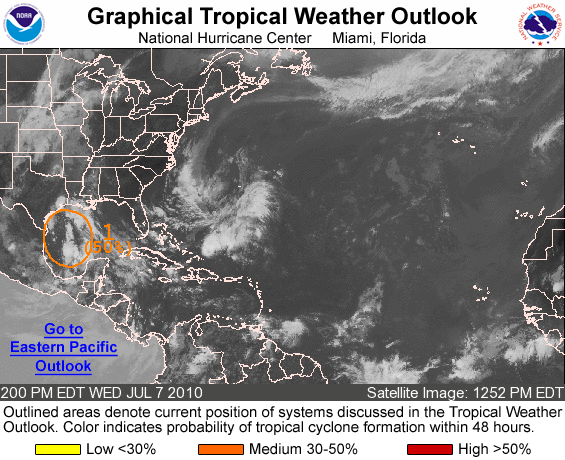
FOR THE NORTH ATLANTIC...CARIBBEAN SEA AND THE GULF OF MEXICO...

1. AN ELONGATED AREA OF LOW PRESSURE LOCATED OVER THE WESTERN GULF OF MEXICO IS MOVING WEST-NORTHWESTWARD AT 10 TO 15 MPH. SHOWERS AND THUNDERSTORMS HAVE BECOME A LITTLE MORE CONCENTRATED ABOUT 300 MILES EAST-SOUTHEAST OF THE TEXAS/MEXICO BORDER...NEAR THE SOUTHERN PORTION OF THE LOW PRESSURE AREA. CONDITIONS APPEAR CONDUCIVE FOR DEVELOPMENT AND A TROPICAL DEPRESSION COULD FORM BEFORE THE SYSTEM REACHES THE COAST OF NORTHEASTERN MEXICO OR SOUTHERN TEXAS ON THURSDAY. THERE IS A MEDIUM CHANCE...50 PERCENT...OF THIS SYSTEM BECOMING A TROPICAL CYCLONE. REGARDLESS OF DEVELOPMENT...THE LOW IS FORECAST TO BRING LOCALLY HEAVY RAINS AND GUSTY WINDS TO PORTIONS OF EASTERN TEXAS AND NORTHEASTERN MEXICO DURING THE NEXT FEW DAYS.

ELSEWHERE...TROPICAL CYCLONE FORMATION IS NOT EXPECTED DURING THE NEXT 48 HOURS.

FORECASTER BROWN